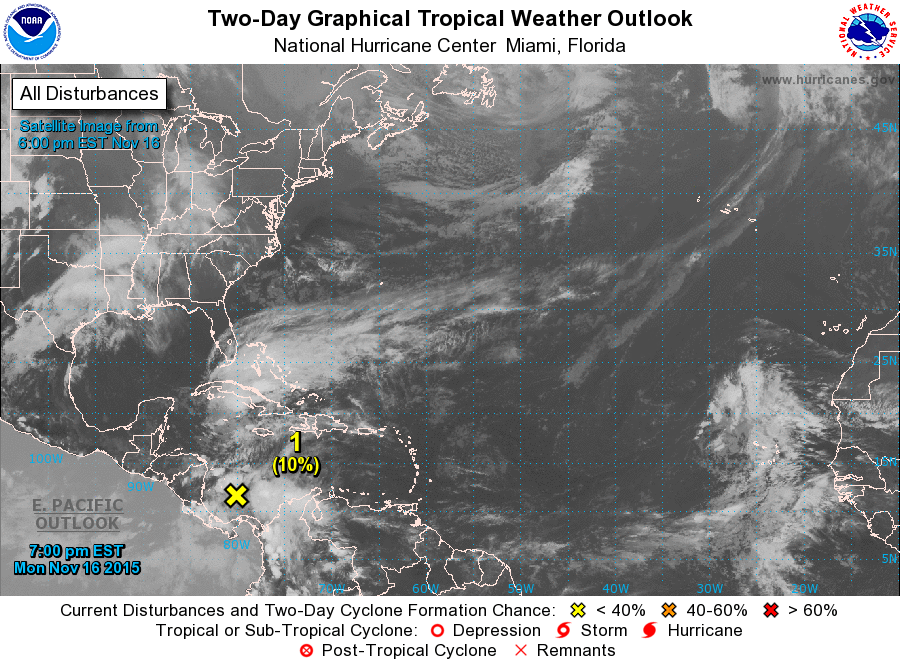
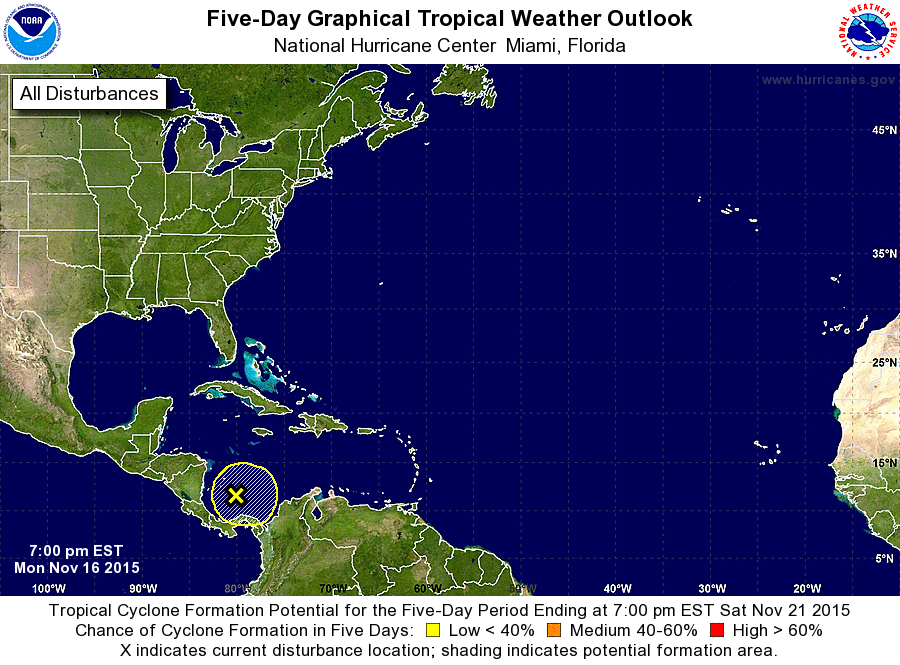
For the North Atlantic...Caribbean Sea and the Gulf of Mexico:

1. Showers and thunderstorms located over much of the southwestern Caribbean Sea are associated with a broad area of low pressure. Some slow development of this disturbance is possible over the next few days while it drifts westward toward the southern portion of Central America.
* Formation chance through 48 hours...low...10 percent
* Formation chance through 5 days...low...20 percent

Forecaster Avila